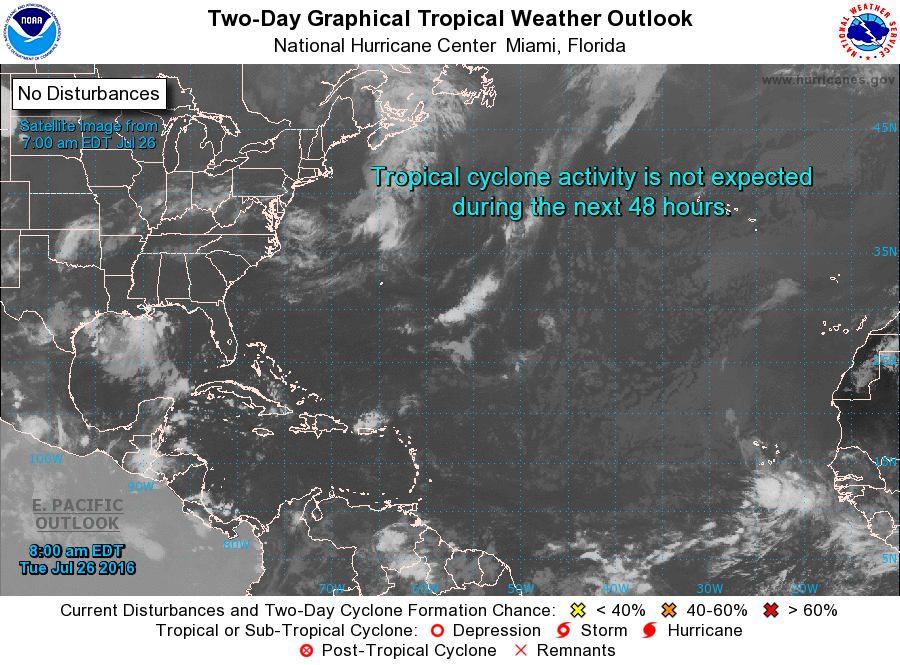
For the North Atlantic...Caribbean Sea and the Gulf of Mexico:

Tropical cyclone formation is not expected during the next 5 days.

Forecaster Beven